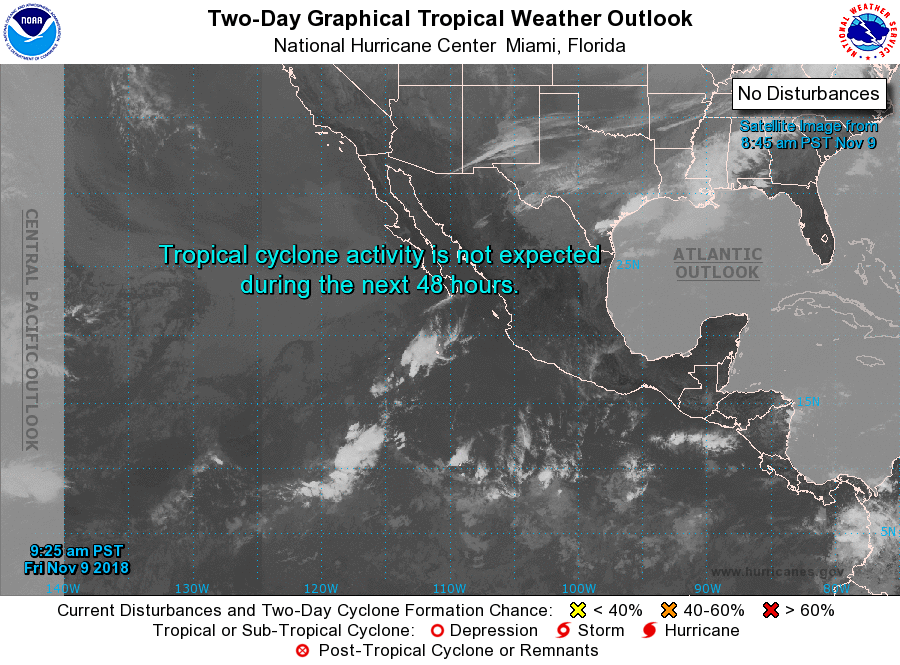
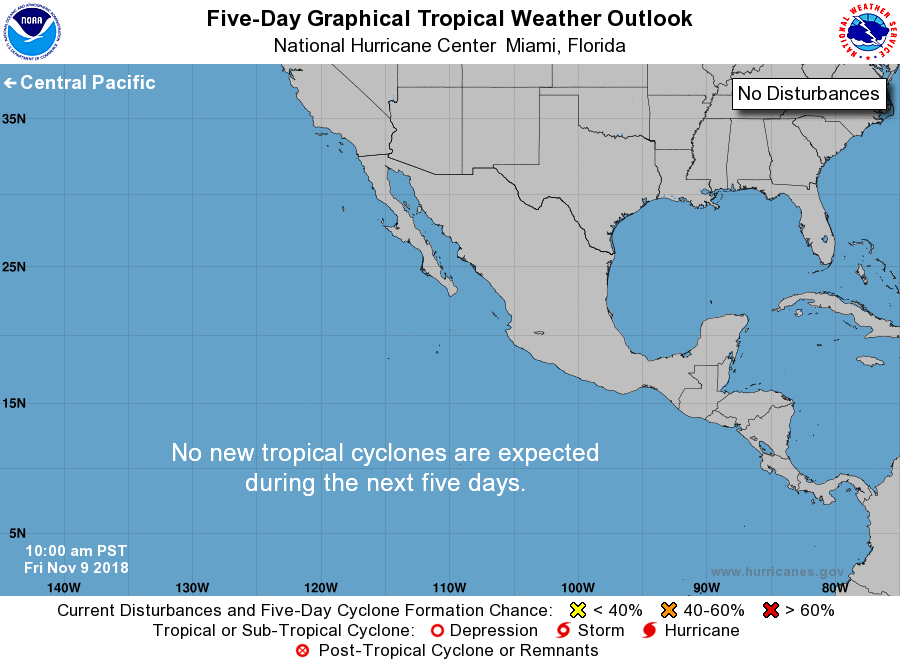
For the eastern North Pacific...east of 140 degrees west longitude:

Tropical cyclone formation is not expected during the next 5 days.

Forecaster Blake